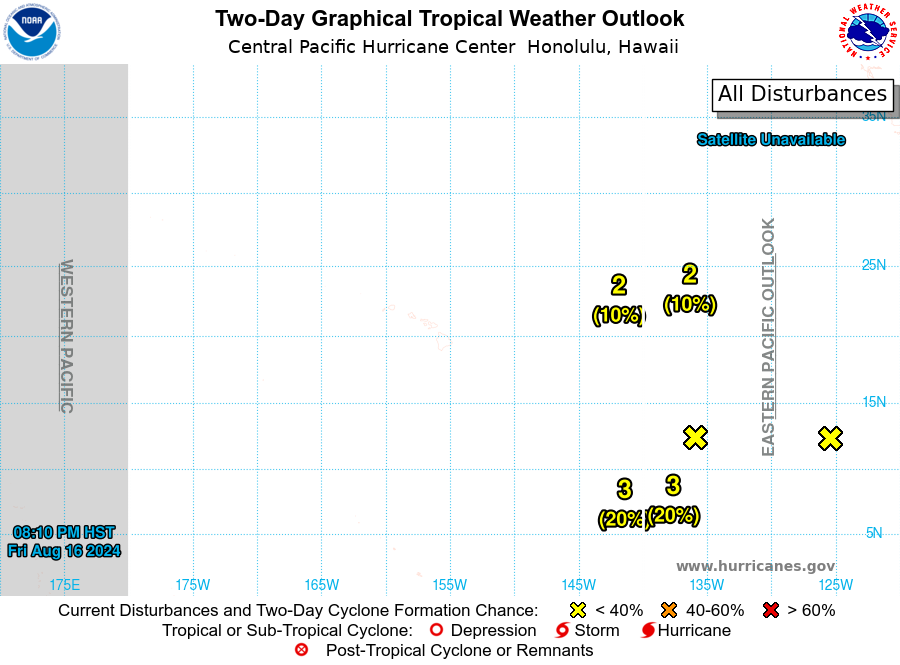
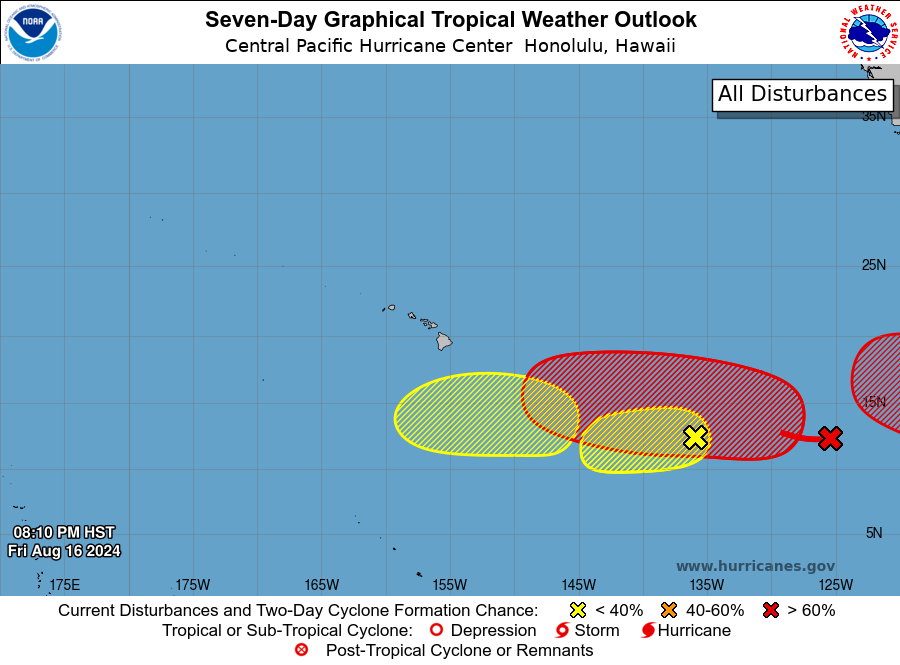
For the central North Pacific...between 140W and 180W:

1. Approximately 650 miles southeast of Hilo, Hawaii: Disorganized showers and thunderstorms are associated with a broad area of low pressure. Environmental conditions appear marginally conducive for some development of this system early next week while moving westward at about 10 mph.
* Formation chance through 48 hours...low...near 0 percent.
* Formation chance through 7 days...low...20 percent.

2. Approximately 2050 miles east-southeast of Hilo, Hawaii: An area of low pressure could form this weekend or early next week more than one thousand miles west-southwest of the southern tip of the Baja California peninsula. Slow development of this system is anticipated, and a tropical depression will likely form during the middle part of next week while it moves westward to west-northwestward across the western portion of the basin and into the Central Pacific basin.
* Formation chance through 48 hours...low...10 percent.
* Formation chance through 7 days...high...70 percent.

3. Approximately 1350 miles east-southeast of Hilo, Hawaii: A small area of low pressure has formed well southeast of the Hawaiian islands. Some development of this system is possible this weekend into early next week while it moves across the western portion of the East Pacific and into the Central Pacific basin. By the middle of next week, the system could merge with a larger system to the east.
* Formation chance through 48 hours...low...20 percent.
* Formation chance through 7 days...low...20 percent.

Elsewhere, no tropical cyclones are expected during the next 7 days.

Forecaster M Ballard